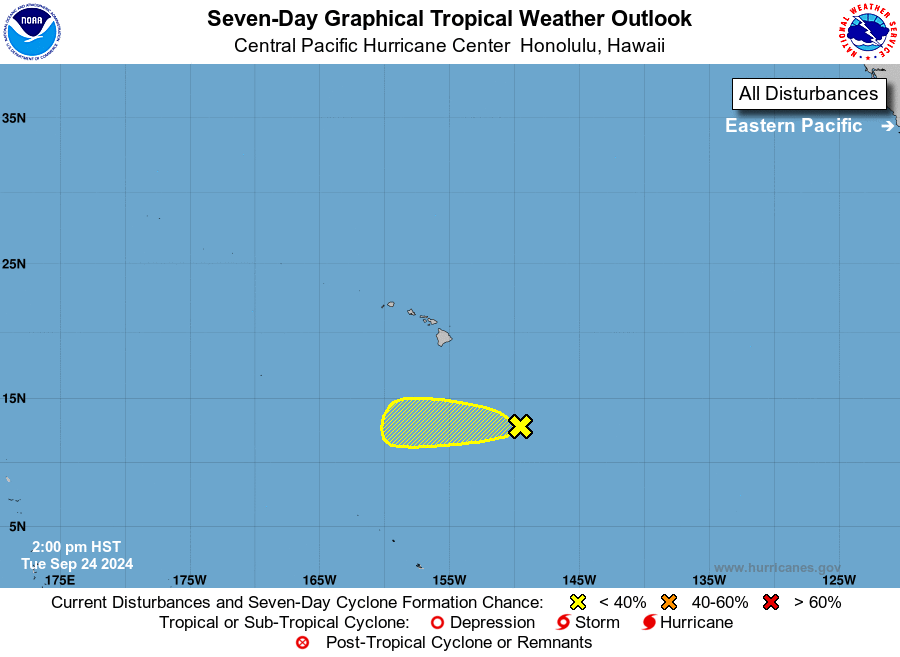
For the central North Pacific...between 140W and 180W:

1. Approximately 600 miles southeast of Hilo, Hawaii: A broad low pressure system southeast of Hawaii is producing disorganized showers and thunderstorms. Enviromental conditions are not expected to be conducive for further development of this system as it moves westward at 10 mph during the next several days.
* Formation chance through 48 hours...low...10 percent.
* Formation chance through 7 days...low...10 percent.

Forecaster Kino